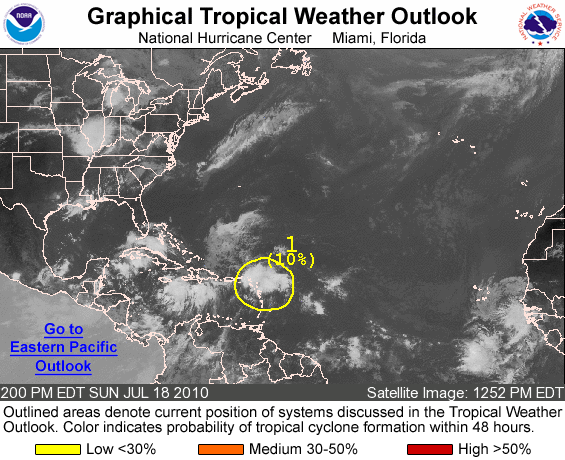
FOR THE NORTH ATLANTIC...CARIBBEAN SEA AND THE GULF OF MEXICO...

1. A TROPICAL WAVE APPROACHING THE LEEWARD ISLANDS CONTINUES TO PRODUCE DISORGANIZED SHOWERS AND THUNDERSTORMS. HOWEVER...SURFACE PRESSURES REMAIN HIGH...AND ANY DEVELOPMENT OF THIS SYSTEM WILL BE SLOW TO OCCUR AS IT MOVES WEST-NORTHWESTWARD AT ABOUT 15 MPH. THERE IS A LOW CHANCE...10 PERCENT...OF THIS SYSTEM BECOMING A TROPICAL CYCLONE DURING THE NEXT 48 HOURS. REGARDLESS OF DEVELOPMENT...GUSTY WINDS AND LOCALLY HEAVY RAINFALL ASSOCIATED WITH THIS SYSTEM COULD AFFECT THE LEEWARD ISLANDS...THE VIRGIN ISLANDS...PUERTO RICO...THE DOMINICAN REPUBLIC...HAITI...AND THE TURKS AND CAICOS ISLANDS DURING THE NEXT COUPLE OF DAYS.

ELSEWHERE...TROPICAL CYCLONE FORMATION IS NOT EXPECTED DURING THE NEXT 48 HOURS

FORECASTER BRENNAN